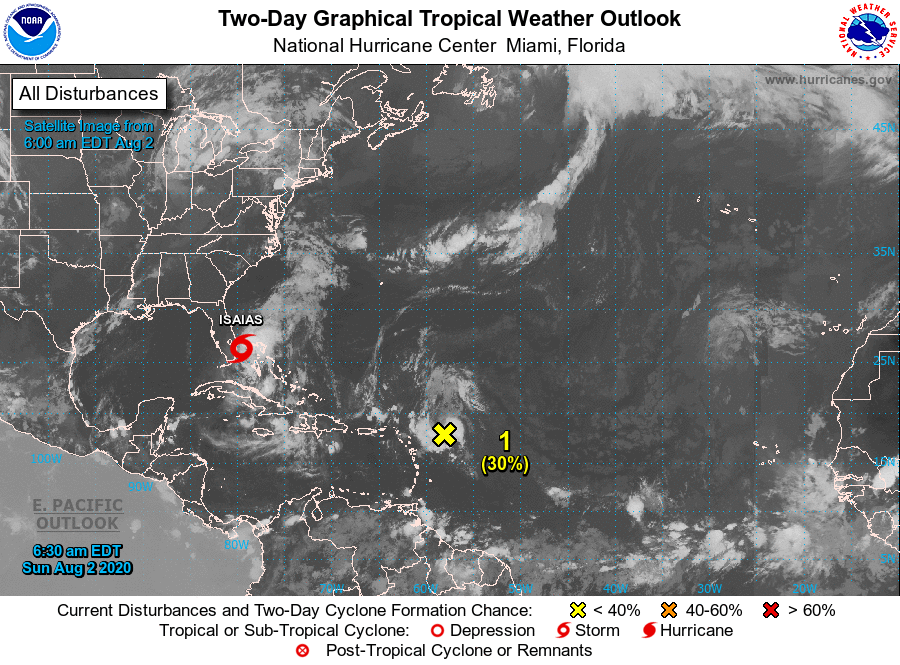
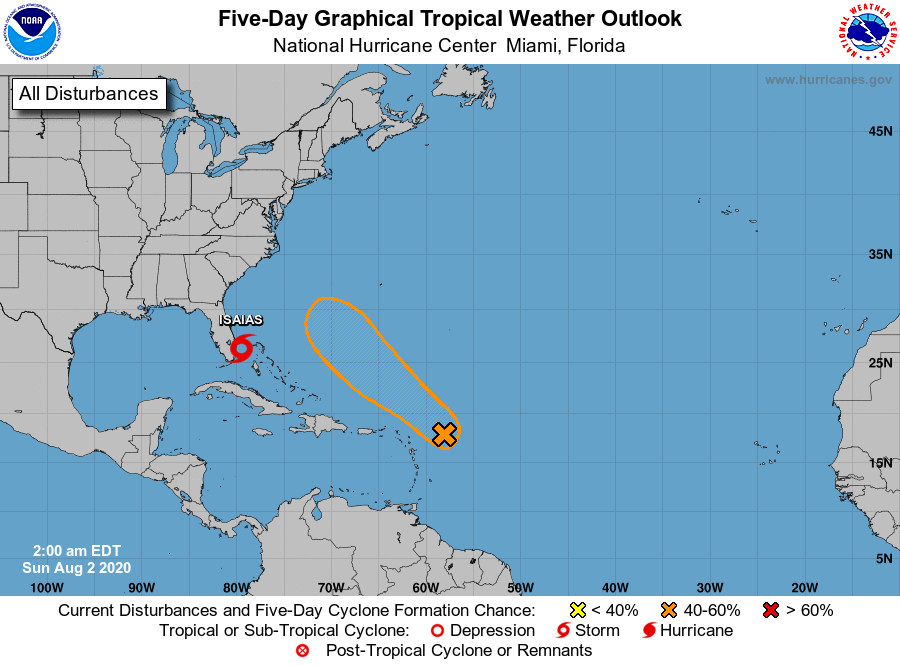
For the North Atlantic...Caribbean Sea and the Gulf of Mexico:

The National Hurricane Center is issuing advisories on Tropical Storm Isaias, located between the northwestern Bahamas and southeastern Florida, and has issued the last advisory on the remnants of Tropical Depression Ten, located over the far eastern Atlantic.

1. Showers and thunderstorms associated with a tropical wave located a a few hundred miles east of the Leeward Islands continue to show signs of organization. Recent satellite wind data, however, indicate that the system remains disorganized at the surface. Environmental conditions are forecast to be conducive for additional development during the next few days, and a tropical depression could form by the middle of the week. This system is forecast to turn northwestward and then northward over the western Atlantic, passing north of the Leeward Islands on Monday and Tuesday.
* Formation chance through 48 hours...low...30 percent.
* Formation chance through 5 days...medium...60 percent.

Forecaster Blake